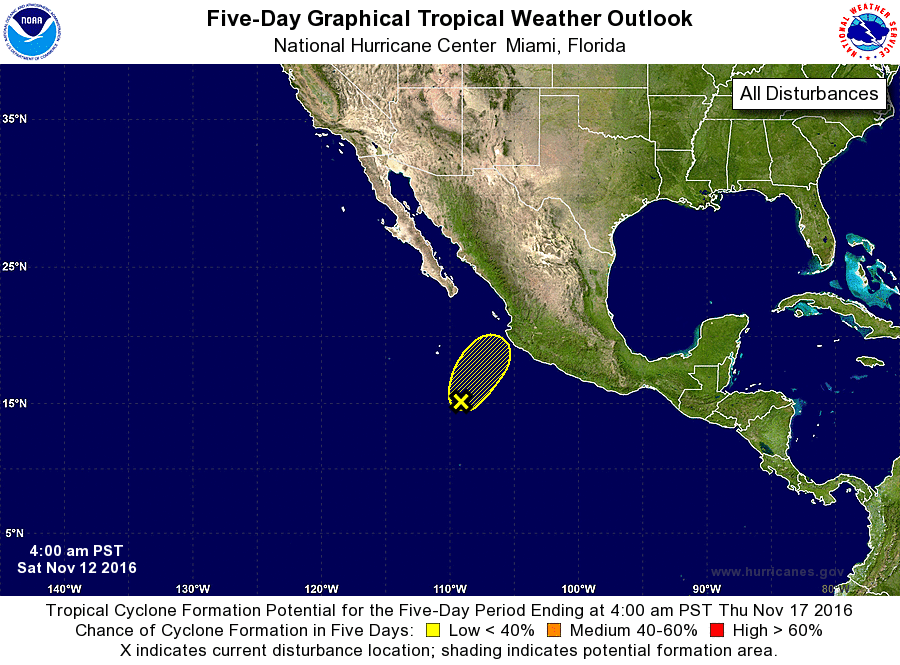
For the eastern North Pacific...east of 140 degrees west longitude:

1. A broad area of low pressure located about 450 miles southwest of Manzanillo, Mexico, is producing gusty winds to the northeast of the center. Although the associated shower activity has increased since yesterday, it remains disorganized due to strong upper-level winds. These unfavorable winds are expected to continue affecting the low during the next day or two while the system moves slowly north-northeastward. Even though tropical cyclone development is unlikely, this system could produce locally heavy rainfall and gusty winds over portions of southwestern and central Mexico during the next couple of days.
* Formation chance through 48 hours...low...10 percent
* Formation chance through 5 days...low...10 percent

Forecaster Cangialosi